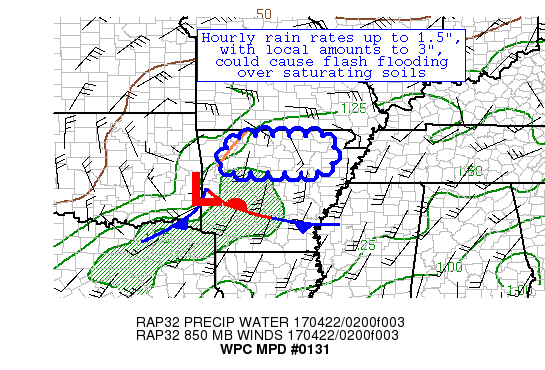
AREAS AFFECTED...NORTHERN AR

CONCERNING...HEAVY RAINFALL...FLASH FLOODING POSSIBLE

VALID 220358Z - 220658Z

SUMMARY...SHOWERS AND THUNDERSTORMS ARE BEGINNING TO ALIGN ACROSS
NORTHERN AR.  HOURLY RAIN RATES UP TO 1.5", WITH LOCAL AMOUNTS OF
UP TO 3", COULD LEAD TO FLASH FLOODING OVER SATURATING SOILS.

DISCUSSION...THUNDERSTORMS APPEAR TO BE SHOWING SOME INCREASE IN
INTENSITY WITH COOLING CLOUD TOPS AND SOME INCREASE IN HOURLY RAIN
RATES AHEAD OF A WEAK FRONTAL WAVE NEAR FORT SMITH.  PRECIPITABLE
WATER VALUES OF 1.3-1.4" EXIST HERE.  INFLOW AT 850 HPA IS 20-40
KTS PER VAD WIND PROFILES (CLOSE TO THE MAGNITUDE OF THE MEAN
850-400 HPA WIND) AND SHOWS SOME CONVERGENCE TOWARDS THE AREA.
MUCAPES ARE IN THE 500-1000 J/KG AREA.

MOST OF THE MESOSCALE APPEARS TOO FAR NORTH WITH ITS HEAVY RAIN
SIGNAL FOR THIS REGION, DISPLACED UP INTO SOUTHERN MO.  SOILS
SHOULD BE SATURATING ACROSS THE AREA AS RADAR ESTIMATES SHOW 1-3"
TOTALS THUS FAR.  WITH SOME TRAINING EXPECTED, HOURLY RAIN RATES
UP TO 1.5" WITH ADDITIONAL LOCAL AMOUNTS OF 3" COULD LEAD TO FLASH
FLOODING.